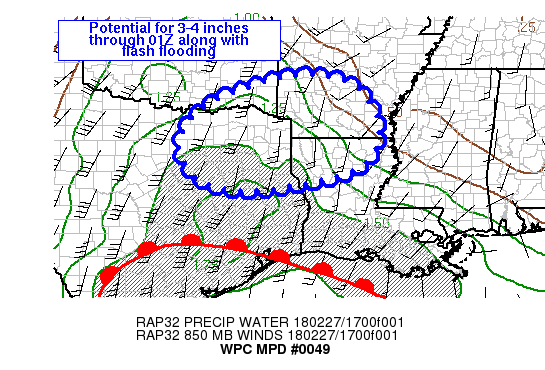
AREAS AFFECTED...NERN TEXAS/SERN OK/SWRN AR/NWRN LA

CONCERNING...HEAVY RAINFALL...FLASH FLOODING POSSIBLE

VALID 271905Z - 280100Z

SUMMARY...TRAINING RAINFALL WITH RATES OF 1-2 IN/HR APPEARS LIKELY
FROM NORTHEASTERN TEXAS INTO AND ACROSS THE ARKLATEX. RAINFALL
TOTALS THROUGH 01Z ARE EXPECTED TO RANGE FROM 3-4 INCHES WHERE
IDEAL CELL TRAINING OCCURS WHICH WOULD POSE A FLASH FLOOD THREAT
GIVEN ANTECEDENT RAINFALL.

DISCUSSION...REGIONAL RADAR REFLECTIVITY OVER THE PAST COUPLE OF
HOURS HAS SHOWN A RAPID INCREASE IN THE COVERAGE OF ELEVATED
CONVECTION OVER NORTHEASTERN TEXAS AND OKLAHOMA ENDING 19Z. THIS
ACTIVITY IS OCCURRING NORTH OF A WARM FRONT SEEN RAPIDLY SURGING
NORTH IN VISIBLE SATELLITE IMAGERY OVER SOUTHEASTERN TEXAS.
MOISTURE AS SEEN IN THE BLENDED TPW PRODUCT HAS ALSO SHOWN A RAPID
INCREASE TO THE NORTH ACROSS EASTERN TEXAS INTO OKLAHOMA WITH 1.25
INCHES SEEN AS FAR NORTH AS THE RED RIVER...CONFIRMED WITH GPS
DATA.

THE 3 HOUR CHANGE IN MUCAPE ACROSS NORTHEASTERN TEXAS...COINCIDENT
WITH ONGOING CONVECTION...WAS IN THE 200-400 J/KG RANGE. AS A
SURGE IN THE 850-700 MB FLOW MOVES ACROSS THE ARKLATEX AS FORECAST
BY THE 12Z HI-RES MODEL SUITE AND RECENT RUNS OF THE
RAP/HRRR...CONVECTION IS EXPECTED TO BECOME SLIGHTLY BETTER
ORGANIZED WHILE INCREASING IN COVERAGE. THE 850-700 MB FLOW IS
FORECAST TO REACH 35-45 KT FROM THE SOUTHWEST...WHICH IS OF
SIMILAR DIRECTION AND SLIGHTLY STRONGER THAN ONGOING STORM MOTIONS
OF 30-40 KT. THIS WOULD SUPPORT TRAINING ELEMENTS WITH RAINFALL
RATES OF 1-2+ IN/HR EXPECTED AS MOISTURE CONTINUES TO SURGE
NORTHEASTWARD.

GIVEN EXTREMELY WET CONDITIONS OVER THE PAST 7 DAYS WITH 5-10+
INCHES OF RAIN AS SEEN IN THE STAGE IV DATA IN THE VICINITY OF THE
ARKLATEX...CURRENT AREA FLASH FLOOD GUIDANCE VALUES OF 2-3 INCHES
PER 3 HOURS COULD BE TOO HIGH. FLASH FLOODING APPEARS LIKE A GOOD
POSSIBILITY FROM PARTS OF NORTHEASTERN TEXAS INTO FAR SOUTHEAST
OKLAHOMA...NORTHERN LOUISIANA AND CENTRAL TO SOUTHERN ARKANSAS.